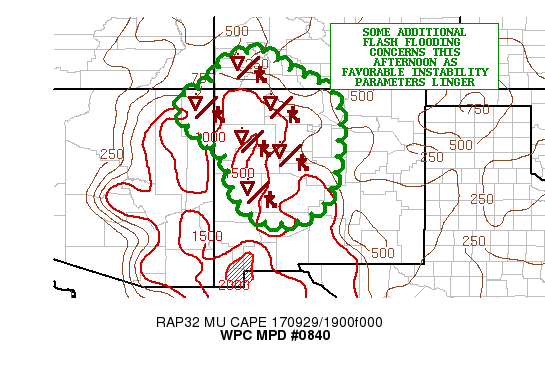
AREAS AFFECTED...FAR NORTHEAST AZ...CENTRAL/WESTERN NM...SOUTHWEST
CO

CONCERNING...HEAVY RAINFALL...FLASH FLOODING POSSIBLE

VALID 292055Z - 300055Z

SUMMARY...SCATTERED THUNDERSTORMS WITH INTENSE RAINFALL RATES OF
UP TO 1.5 INCHES/HR WILL BE CAPABLE OF PRODUCING SOME FLASH
FLOODING.

DISCUSSION...THE LATEST NON-OPERATIONAL GOES-16 10.3 MICRON/IR
IMAGERY IS SHOWING SOME ADDITIONAL COOLING AND EXPANSION OF
CONVECTIVE TOPS ACROSS AREAS OF NORTHEAST AZ...CENTRAL AND WESTERN
NM AND SOUTHWEST CO. THERE IS A FAIR DEGREE OF DIURNALLY ENHANCED
INSTABILITY IN PLACE WITH MUCAPE VALUES OF AS MUCH AS 1000 TO 1500
J/KG AND THIS COUPLED WITH AS MUCH AS 30 TO 40 KTS OF EFFECTIVE
BULK SHEAR IS FOSTERING THE DEVELOPMENT AND EXPANSION OF
MULTI-CELL CONVECTION. MUCH OF THE SHEAR IS BEING DRIVEN BY
STRONGER MID LEVEL WESTERLY FLOW SOUTH OF AN UPPER LOW SLOWLY
EXITING NORTHEAST UP ACROSS CENTRAL WY.

THE MOISTURE ENVIRONMENT FARTHER SOUTH IS RATHER UNIMPRESSIVE WITH
PWATS OF GENERALLY 0.5 TO 0.6 ACROSS THE REGION...BUT THE CELLS
HAVE BEEN SHOWING SOME ORGANIZATION GIVEN THE SHEAR AND THERE HAVE
BEEN SOME BACKBUILDING AND SMALL SCALE TRAINING TENDENCIES.

SOME ADDITIONAL DIURNAL HEATING WILL TEND TO FOCUS SOMEWHAT
STRONGER INSTABILITY PROFILES OVER THE NEXT COUPLE OF HOURS ALONG
WITH SOME ADDITIONAL CONVECTIVE CELL DEVELOPMENT. EXPECT RAINFALL
RATES OF AS MUCH AS 1.5 INCHES/HR...WITH SOME CONCERNS FOR
BACKBUILDING AND HIGHLY LOCALIZED TRAINING OF CELLS. THIS WILL
PROMOTE SOME FLASH FLOODING CONCERNS.